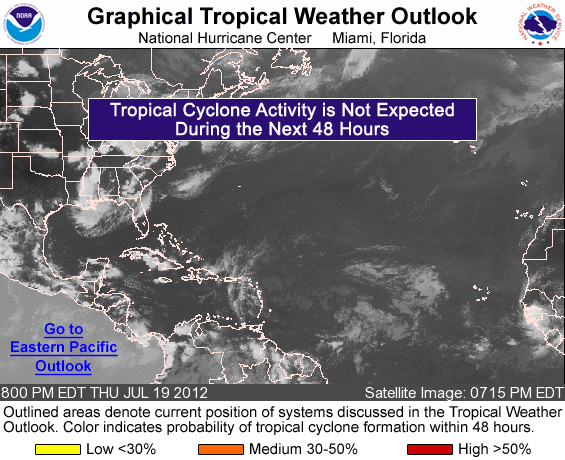
FOR THE NORTH ATLANTIC...CARIBBEAN SEA AND THE GULF OF MEXICO...

TROPICAL CYCLONE FORMATION IS NOT EXPECTED DURING THE NEXT 48 HOURS.

FORECASTER BLAKE